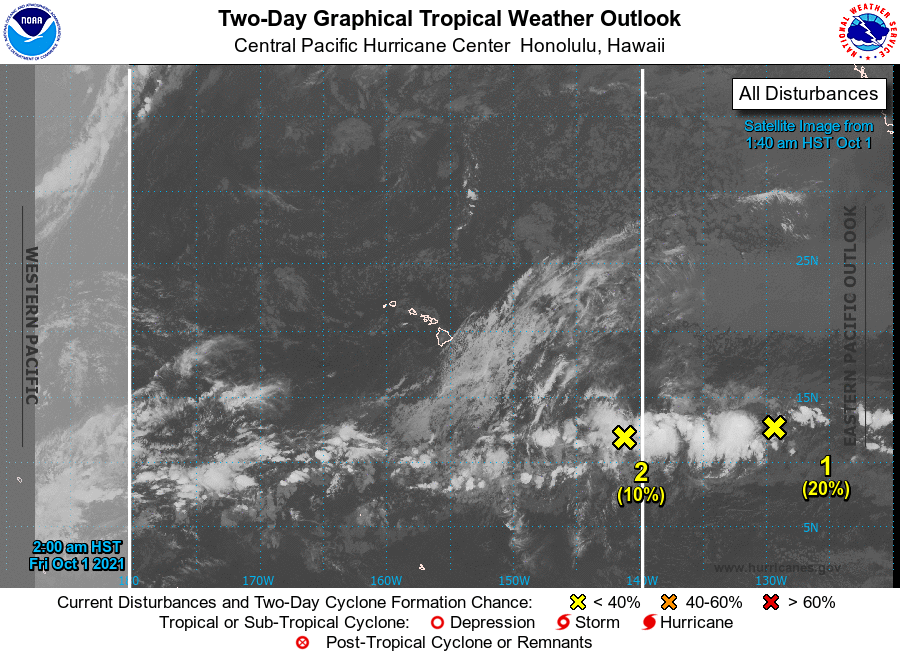
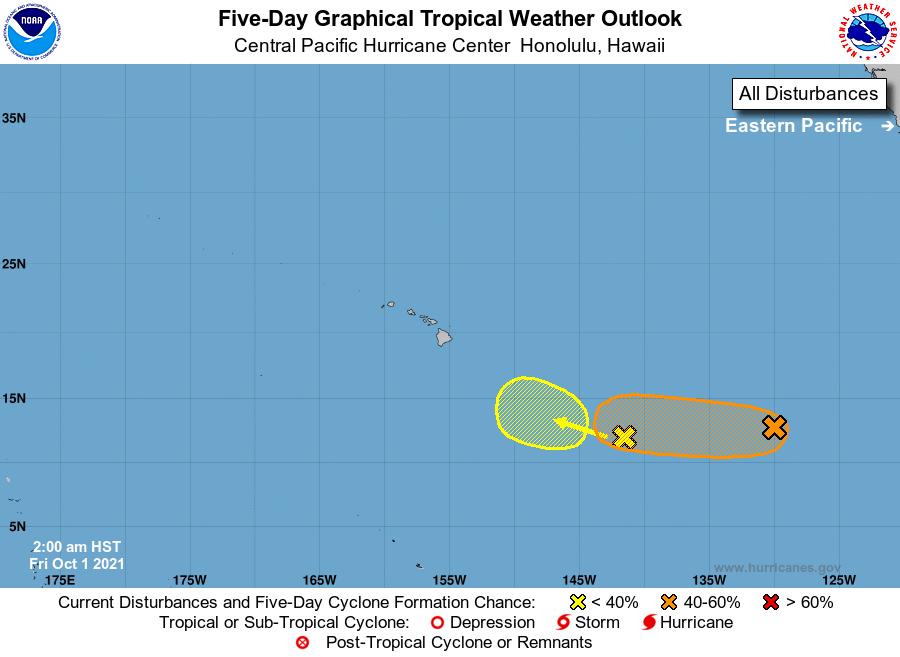
For the central North Pacific...between 140W and 180W:

1. A broad area of low pressure located about 1,500 miles southeast of Hilo, Hawaii is producing disorganized showers and thunderstorms. Environmental conditions are expected to be conducive for slow development during the next several days, and a tropical depression could form over the weekend or early next week while the system moves generally westward at around 10 mph.
* Formation chance through 48 hours...low...20 percent.
* Formation chance through 5 days...medium...40 percent.

2. A broad area of low pressure located about 1,100 miles southeast of Hilo, Hawaii is producing disorganized showers and thunderstorms. Environmental conditions are expected to be conducive for slow development during the next several days, and a tropical depression could form this weekend or early next week as the system slowly moves west northwest at around 10 mph.
* Formation chance through 48 hours...low...10 percent.
* Formation chance through 5 days...low...30 percent.

Elsewhere, no tropical cyclones are expected during the next 5 days.

Forecaster Blood